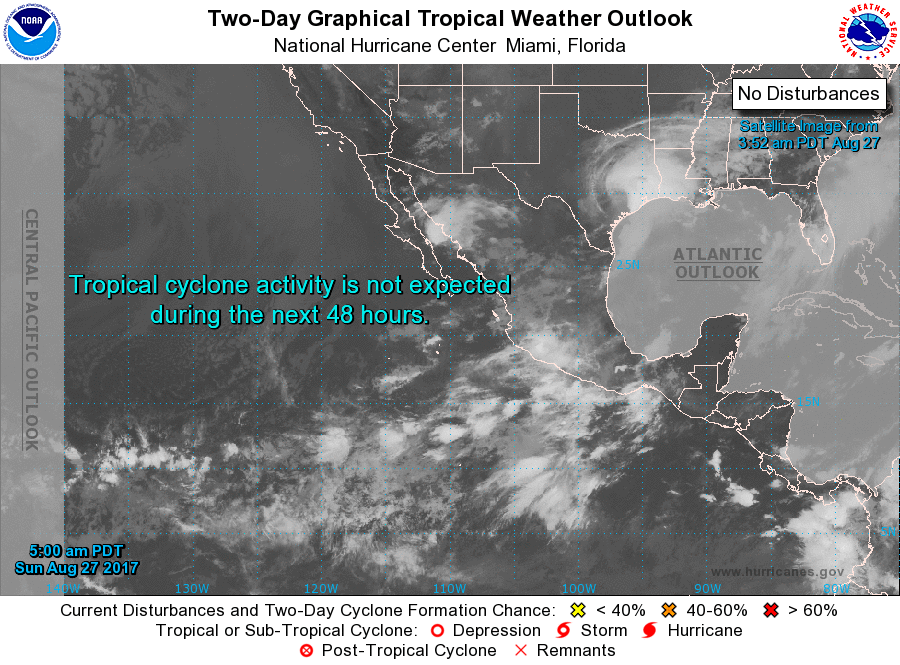
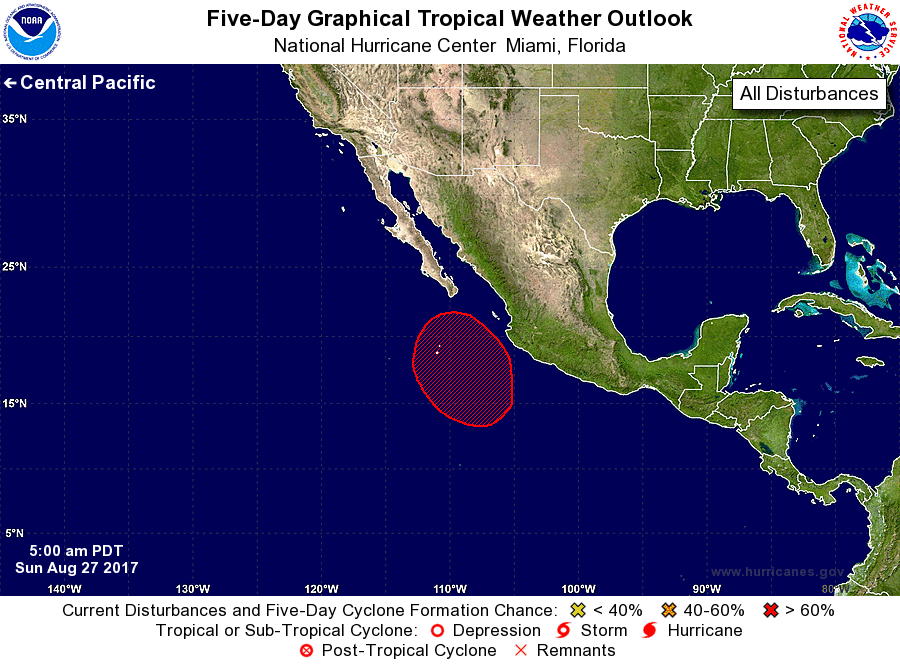
For the eastern North Pacific...east of 140 degrees west longitude:

1. An area of low pressure is expected to develop a few hundred miles south or southeast of the southern tip of the Baja California Peninsula during the next couple of days. Environmental conditions are forecast to be conducive for development, and a tropical cyclone is likely to form around mid-week while the system moves generally northward.
* Formation chance through 48 hours...low...near 0 percent.
* Formation chance through 5 days...high...80 percent.

Forecaster Roberts